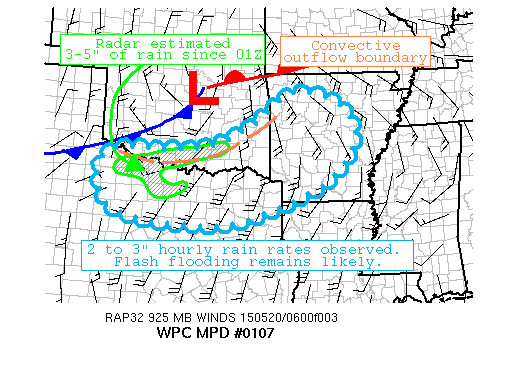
AREAS AFFECTED...NORTHERN TX/SOUTHERN OK/WESTERN AR...

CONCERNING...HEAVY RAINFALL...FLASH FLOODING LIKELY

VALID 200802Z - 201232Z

SUMMARY...FLASH FLOODING REMAINS LIKELY ALONG THE RED RIVER AND
EXTENDING EASTWARD INTO SECTIONS OF AR. PERSISTENT CONVECTION
CONTINUES ACROSS SOUTHERN OK/NORTHERN TX/WESTERN AR WHERE HOURLY
RAINFALL RATES HAVE REACHED 2 TO 3 INCHES. EXPECT THIS ACTIVITY TO
MAINTAIN ITS STRENGTH THROUGH AT LEAST 12Z.

DISCUSSION...07Z SURFACE OBSERVATIONS ACROSS THE REGION SHOWED THE
PARENT COLD FRONT NOSED SLOWLY TOWARD THE SOUTH WITH CONVECTIVE
OUTFLOW SPREAD ALONG MUCH OF THE RED RIVER. ACCORDING TO THE 07Z
RAP OBJECTIVE ANALYSIS...THE INFLOW AIR REMAINS QUITE BUOYANT AND
UNCAPPED WITH MLCAPE VALUES IN THE 1000 TO 1500 J/KG RANGE. THIS
AXIS OF INSTABILITY EXTENDS EASTWARD TOWARD THE TX/OK/AR BORDER.
ADDITIONALLY...THE 925/850-MB WINDS HAVE SHOWN VERY LITTLE CHANGE
IN STRENGTH WITH VAD WIND PROFILER DATA SUGGESTING WIND SPEEDS
REACHING 35 TO 45 KNOTS ACROSS CENTRAL TX.

RADAR IMAGERY EARLY THIS MORNING SHOWED THE AXIS OF CONVECTION HAS
EVOLVED INTO A QLCS WITH MULTIPLE CELL MERGERS NOTED.
FURTHER...THE MOIST/UNSTABLE AIR MASS TO THE SOUTH HAS FOSTERED
THE DEVELOPMENT OF FEEDER CELLS WHICH HAVE BECOME INGESTED INTO
THE PROMINENT LINE. THIS SYSTEM ALREADY HAS A HISTORY OF
WIDESPREAD FLASH FLOODING WITH THE MOST RECENT REPORTS COMING OUT
OF WICHITA FALLS...TX. SUCH CONDITIONS WILL PERSIST THROUGH AT
LEAST 12Z.

THE 00Z HRW-ARW AND HRW-NMM-B SEEM TO BE HANDLING THE CONVECTION
WELL ALTHOUGH THEY DO NOT APPEAR TO CARRY THE ACTIVITY FAR ENOUGH
EAST. THE 07Z HRRR INDICATES THE HEAVIEST RAINFALL AMOUNTS IN THE
NEXT FEW HOURS SHOULD BE RIGHT ALONG THE RED RIVER AND INTO
SOUTHEASTERN OK WHERE 2 TO 3 INCH AMOUNTS ARE POSSIBLE IN A SHORT
PERIOD OF TIME. WILL LET DAY SHIFT RE-EVALUATE THE SITUATION ONCE
THIS MPD EXPIRES.